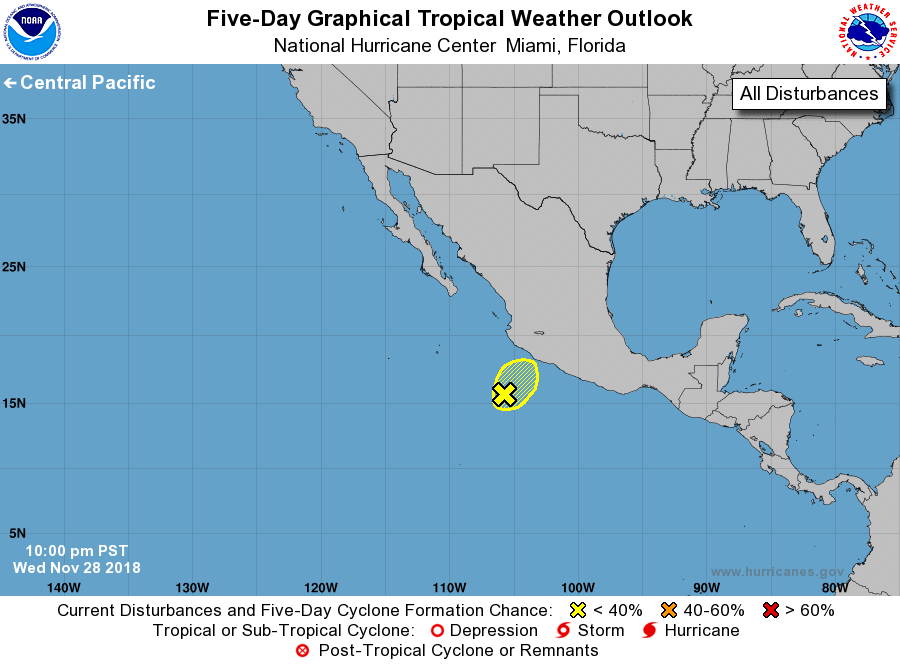
For the eastern North Pacific...east of 140 degrees west longitude:

1. Disorganized showers and thunderstorms continue in association with an elongated low pressure area centered about 275 miles south of Manzanillo, Mexico. Significant development of this system is not expected due to strong upper-level winds. However, shower activity associated with the disturbance is forecast to move over southwestern Mexico through Thursday, bringing locally heavy rainfall and gusty winds to portions of the Mexican states of Guerrero, Michoacan, Colima and Jalisco. These rains could result in life-threatening flash floods and mudslides.
* Formation chance through 48 hours...low...10 percent.
* Formation chance through 5 days...low...10 percent.

Forecaster Blake